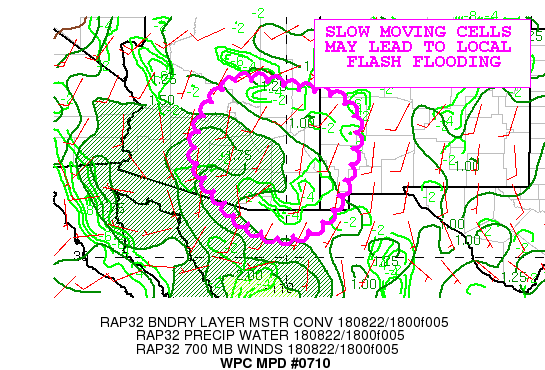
Areas affected......Southern AZ to Southwest NM...

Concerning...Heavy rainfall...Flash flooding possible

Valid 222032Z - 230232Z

Summary...Clusters of showers and storms developing in Southern AZ
and southwest NM will continue this afternoon and evening and
might lead to localized flash flooding problems.

Discussion...Showers and thunderstorms have developed in portions
of southern Arizona in a moist airmass. With mid level southerly
flow the storms have shown a north slow motion.  The morning
Phoenix and Tucson soundings showed high available moisture with
precipitable water values of 1.5-1,75 inches.

The region has favorable upper divergence  maxima forecast by the
16-18z High Res Rapid Refresh the rest of this afternoon into this
evening, which combines with the high available moisture and
merger of low level outflow boundaries to trigger additional
showers/storms.

The confluent low to mid level flow has led to occasional back
building of activity in southern AZ.  More activity is expected
with additional destabilization in the inflow axis plus upslope
flow in terrain in southern AZ over to western NM with activity
then moving downstream into adjacent valley areas.

The high resolution ensemble runs and 16z-18z High Res Rapid
Refresh indicate pockets of 1-2 inches of rain are forecast
through 03z. Flash flood guidance values are on the order of 1.5-2
inches in 3 hours, so it appears guidance will be exceeded locally
where the most persistent bands are located.

The 18z NAM Conus Nest has locally higher totals to 3 inches in
far southern AZ to the NM border, in response to slow moving
pockets of boundary layer moisture convergence, as low level winds
are weak.